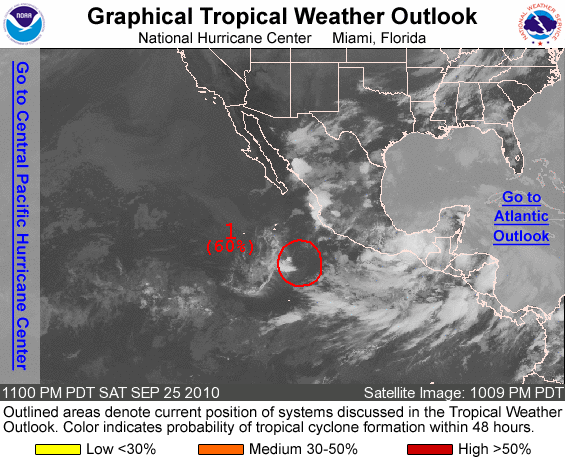
FOR THE EASTERN NORTH PACIFIC...EAST OF 140 DEGREES WEST LONGITUDE..

1. SHOWERS AND THUNDERSTORMS ASSOCIATED WITH AN AREA OF LOW PRESSURE LOCATED ABOUT 375 MILES SOUTHWEST OF MANZANILLO MEXICO CONTINUE TO SHOW SOME SIGNS OF ORGANIZATION. ALTHOUGH UPPER-LEVEL WINDS ARE ONLY MARGINALLY FAVORABLE FOR DEVELOPMENT...ANY SIGNIFICANT INCREASE IN ORGANIZATION WOULD RESULT IN THE FORMATION OF A TROPICAL DEPRESSION. THERE IS A HIGH CHANCE...60 PERCENT...OF THIS LOW BECOMING A TROPICAL CYCLONE DURING THE NEXT 48 HOURS AS IT REMAINS NEARLY STATIONARY.

ELSEWHERE...TROPICAL CYCLONE FORMATION IS NOT EXPECTED DURING THE NEXT 48 HOURS.

FORECASTER BROWN